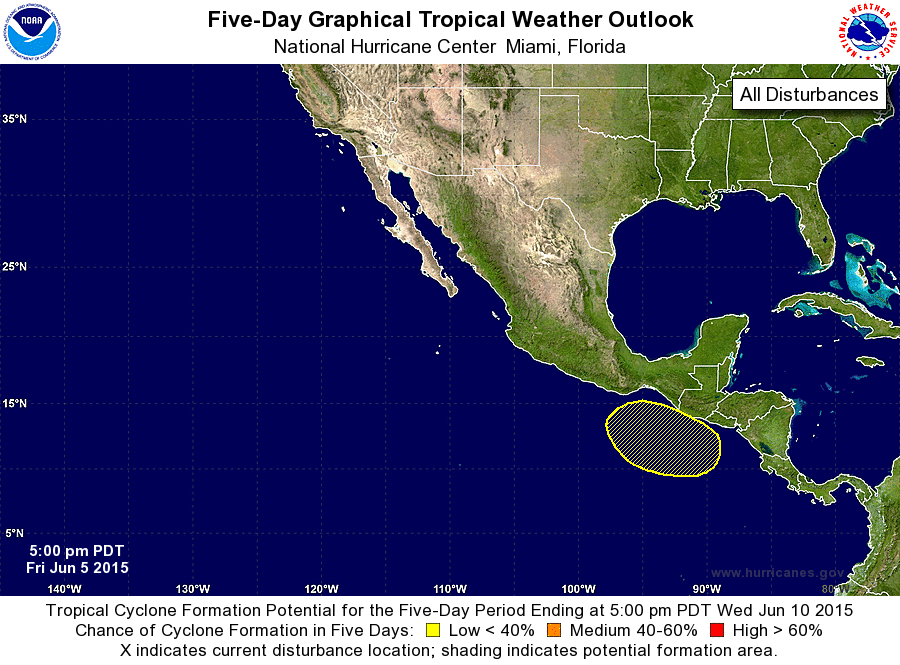
For the eastern North Pacific...east of 140 degrees west longitude:

The National Hurricane Center is issuing advisories Hurricane Blanca, located several hundred miles southwest of Manzanillo, Mexico.

1. A low pressure area is expected to form early next week a few hundred miles south or south-southeast of the Gulf of Tehuantepec. Subsequent gradual development of this system is possible as it moves slowly northwestward or northward.
* Formation chance through 48 hours...low...near 0 percent
* Formation chance through 5 days...low...30 percent

Forecaster Beven